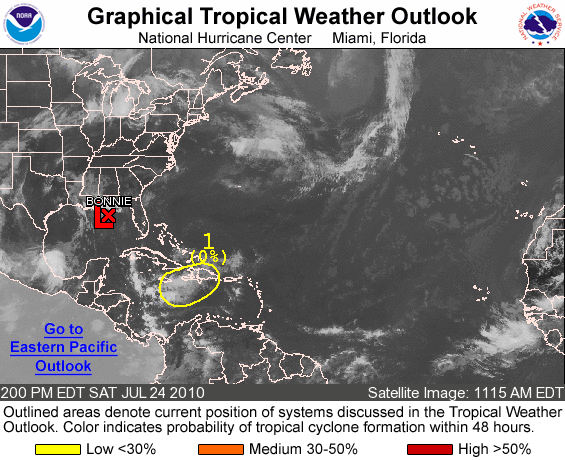
FOR THE NORTH ATLANTIC...CARIBBEAN SEA AND THE GULF OF MEXICO...

THE NATIONAL HURRICANE CENTER IS ISSUING ADVISORIES ON TROPICAL DEPRESSION BONNIE LOCATED ABOUT 215 MILES EAST-SOUTHEAST OF THE MOUTH OF THE MISSISSIPPI RIVER.

1. A LARGE BUT DISORGANIZED AREA OF SHOWERS AND THUNDERSTORMS LOCATED OVER THE CENTRAL CARIBBEAN IS ASSOCIATED WITH A TROPICAL WAVE INTERACTING WITH AN UPPER-LEVEL LOW. DEVELOPMENT OF THE SYSTEM IS NOT ANTICIPATED...AND THERE IS A LOW CHANCE...NEAR 0 PERCENT...OF THIS SYSTEM BECOMING A TROPICAL CYCLONE DURING THE NEXT 48 HOURS.

ELSEWHERE...TROPICAL CYCLONE FORMATION IS NOT EXPECTED DURING THE NEXT 48 HOURS.

FORECASTER ROBERTS/AVILA